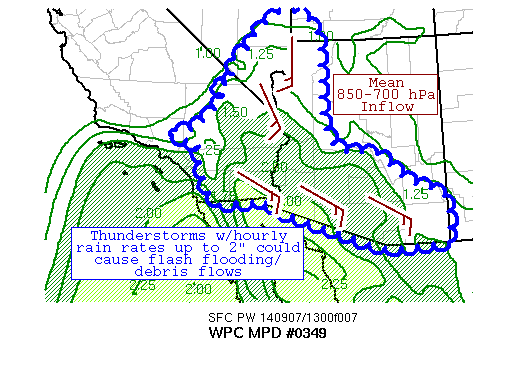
AREAS AFFECTED...SOUTHWEST & WESTERN AZ, SOUTHERN CA, SOUTHERN NV

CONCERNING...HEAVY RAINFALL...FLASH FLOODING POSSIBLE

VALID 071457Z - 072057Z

SUMMARY...ENHANCED MONSOON CONDITIONS ARE EXPECTED INTO THIS
AFTERNOON DUE TO MUCH ABOVE NORMAL MOISTURE VALUES ACROSS THE
REGION.  RAINFALL RATES UP TO 2" AN HOUR COULD CAUSE FLASH
FLOODING/DEBRIS FLOWS.

DISCUSSION...WIDELY SCATTERED THUNDERSTORMS HAVE DEVELOPED WITHIN
A FIELD OF ASCENDING CUMULI NEAR THE AZ/NV BORDER AND SOUTHERNMOST
CALIFORNIA EARLY THIS MORNING. THE ATMOSPHERE HAS BECOME QUITE
MOIST AS MOISTURE ALOFT FROM TROPICAL STORM NORBERT AND AT
LOW-LEVELS FROM THE GULF OF CALIFORNIA/SEA OF CORTEZ MOVES INTO
SOUTHERN CA.  MORE DISTANT GULF OF MEXICO MOISTURE HAS INFILTRATED
SOUTHERN AZ.  PRECIPITABLE WATER VALUES NEAR 2" EXIST ACROSS
SOUTHERN CA, WHICH ARE NEAR THE 99TH PERCENTILE OR OVER THREE
SIGMAS ABOVE NORMAL FOR EARLY SEPTEMBER.  MIXED LAYER CAPE VALUES
ARE ALREADY >500 J/KG ACROSS WESTERN AZ.  MEAN 850-700 HPA INFLOW
OF 15-20 KTS EXISTS ACROSS THE REGION WHICH SHOULD HELP ORGANIZE
THUNDERSTORM ACTIVITY.

INFLOW ACROSS THE REGION BECOMES MORE SOUTHERLY THIS AFTERNOON
AHEAD OF A DIGGING UPPER LEVEL TROUGH OFFSHORE WESTERN NORTH
AMERICA.  THIS SHOULD CAUSE A RAPID RISE IN MOISTURE ACROSS
SOUTHERN NV DURING THE DAY TODAY.  THIS SHOULD ALLOW CONVECTION TO
MOVE FROM THE TERRAIN OF SOUTHEAST AZ INTO DESERT/VALLEY FLOORS
EARLY ON, BEFORE BECOMING INCREASING CONSTRAINED TO THE TOPOGRAPHY
OF THE MOGOLLON RIM LATER THIS AFTERNOON AFTER EXTENSIVE CLOUD
COVER FROM YESTERDAY'S CONVECTION ERODES. INSTABILITY SHOULD
INCREASE ACROSS THE REGION DUE TO DAYTIME HEATING.  THE BULK OF
THE FLASH FLOOD THREAT APPEARS TO LIE AFTER 18Z, AS INFERRED FROM
THE 00Z AND 06Z SSEO NEIGHBORHOOD PROBABILITIES OF EXCEEDING FLASH
FLOOD GUIDANCE.  DUE TO THE EXISTING MOISTURE, HOURLY RAIN RATES
UP TO 2" AN HOUR ARE POSSIBLE.  THIS TYPE OF RAINFALL COULD LEAD
TO FLASH FLOODING/DEBRIS FLOWS.